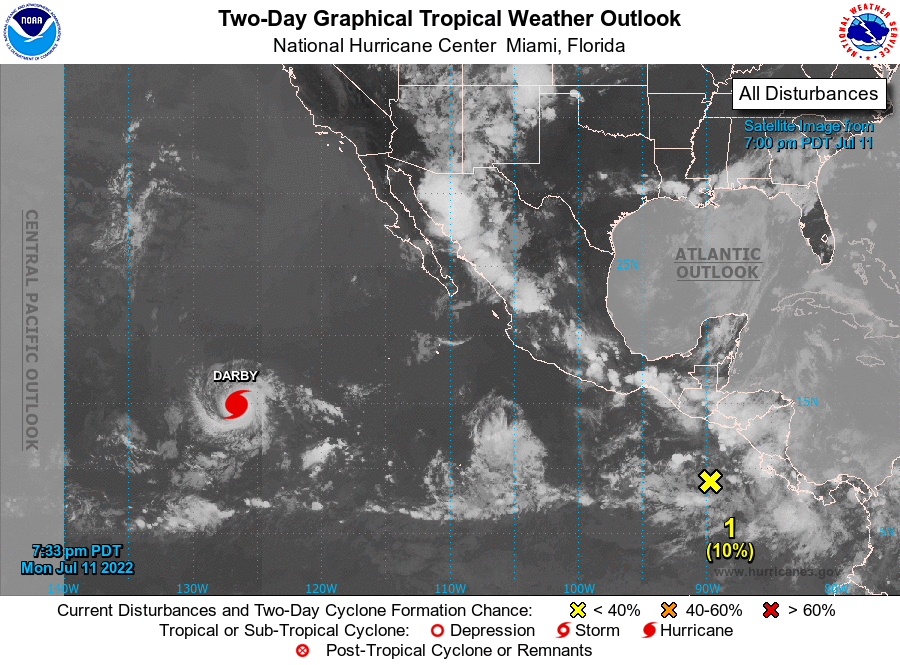
For the eastern North Pacific...east of 140 degrees west longitude:

Active Systems: The National Hurricane Center is issuing advisories on Hurricane Darby, located more than 1100 miles west-southwest of the southern tip of the Baja California peninsula.

1. Offshore of Southern Mexico: A trough of low pressure located several hundred miles south of the coasts of Guatemala and El Salvador is producing some disorganized showers. Environmental conditions appear conducive for gradual development over the next several days, and this system is likely to become a tropical depression by late this week. The disturbance is forecast to drift westward for the next day or two, then move west-northwestward at 10 to 15 mph later this week while remaining offshore of the southern and southwestern coasts of Mexico.
* Formation chance through 48 hours...low...10 percent.
* Formation chance through 5 days...high...70 percent.

Forecaster Reinhart